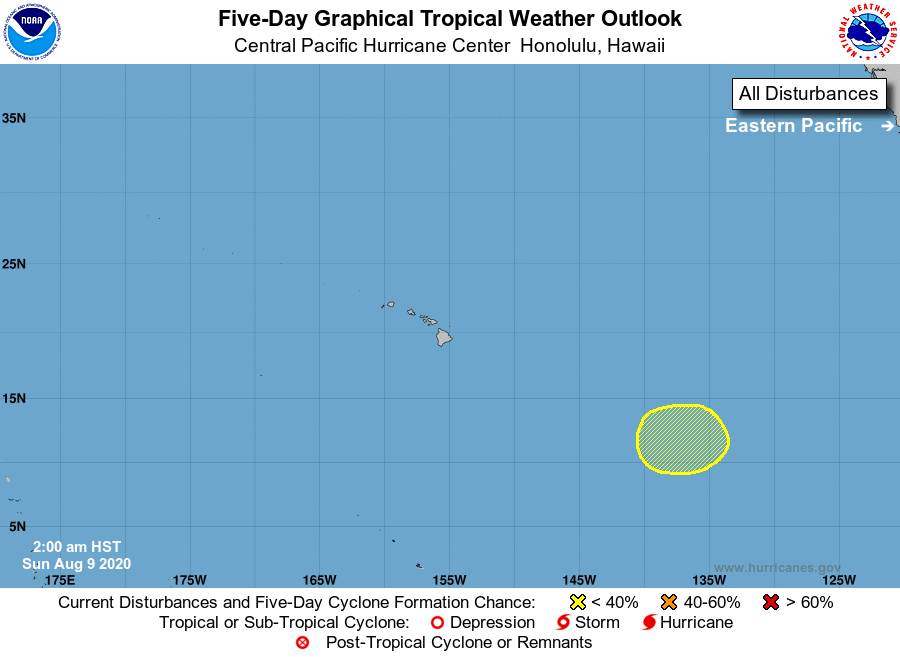
For the central North Pacific...between 140W and 180W:

1. An area of low pressure will likely form around 1500 miles southeast of Hilo, Hawaii later this week. Environmental conditions are expected to be generally conducive for gradual development while the system moves slowly westward.
* Formation chance through 48 hours...low...near 0 percent.
* Formation chance through 5 days...low...30 percent.

Elsewhere, no tropical cyclones are expected during the next 5 days.

Forecaster Gibbs